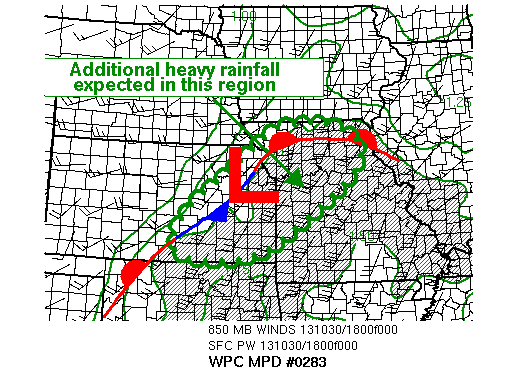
AREAS AFFECTED...EASTERN KS...NORTHERN MO

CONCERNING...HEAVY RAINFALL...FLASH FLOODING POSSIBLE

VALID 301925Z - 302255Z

SUMMARY...A HEAVY RAIN EVENT IS DEVELOPING OVER EASTERN KANSAS AND
INTO THE NORTHERN HALF OF MISSOURI THIS AFTERNOON.  ADDITIONAL
RAINFALL AMOUNTS OF 1 TO 3 INCHES ARE POSSIBLE...WITH LOCALLY
HIGHER AMOUNTS.

DISCUSSION...NUMEROUS SHOWERS AND THUNDERSTORMS HAVE BEEN ONGOING
FOR MUCH OF THE EARLY AFTERNOON NEAR A STATIONARY FRONT AND
SURFACE WAVE OF LOW PRESSURE.  THE LATEST RADAR IMAGERY IS
INDICATING ADDITIONAL CONVECTION DEVELOPING FROM SOUTHWEST TO
NORTHEAST ACROSS EASTERN KANSAS...AND IS SHOWING VERY LIMITED
MOVEMENT.  ALSO...AREAS THAT RECEIVED SIGNIFICANT RAINFALL EARLIER
TODAY ACROSS EASTERN KANSAS AND NORTHERN MISSOURI ARE EXPECTED TO
RECEIVE ADDITIONAL HEAVY RAINFALL.  A LOW LEVEL JET OF 30 TO 40
KNOTS IS FEEDING PRECIPITABLE WATER VALUES OF 1.50 TO 1.75 INCHES
INTO THE REGION.

THE LATEST HI-RES AND DETERMINISTIC MODEL GUIDANCE SUGGEST AN
ADDITIONAL 1 TO 3 INCHES OF RAINFALL THROUGH 6 PM FOR MANY
LOCATIONS.  WHILE THESE QPF AMOUNTS ARE SLIGHTLY LOWER THAN THE
MODERATELY HIGH FLASH FLOOD VALUES...THE MOISTURE RICH AIR COULD
RESULT IN HIGH RAINFALL RATES...AND THE ADDITIONAL CONVECTION
COULD RESULT IN TRAINING OVER THE SAME AREAS.